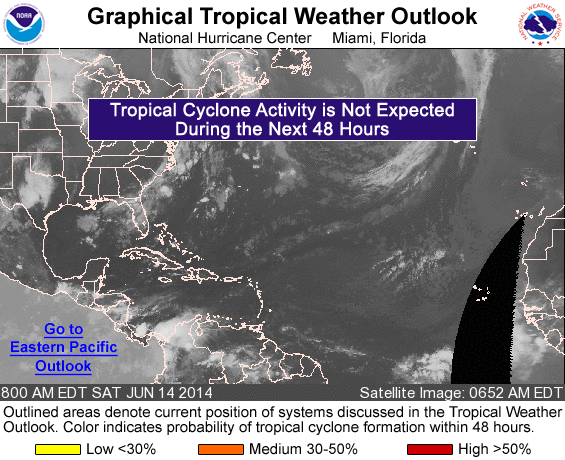
For the North Atlantic...Caribbean Sea and the Gulf of Mexico:

Tropical cyclone formation is not expected during the next 5 days.

Forecaster Berg